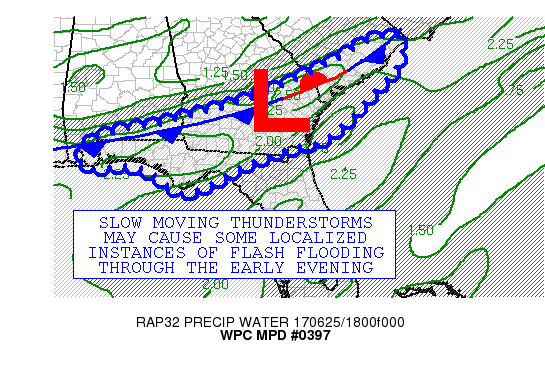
AREAS AFFECTED...FL PANHANDLE...SOUTHERN GA...SOUTHERN
AL...SOUTHEAST SC

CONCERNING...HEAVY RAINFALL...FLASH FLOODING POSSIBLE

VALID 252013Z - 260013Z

SUMMARY...SLOW MOVING CLUSTERS OF MULTI-CELL THUNDERSTORMS IN A
VERY MOIST TROPOSPHERE WILL BE CAPABLE OF PRODUCING RAINFALL RATES
IN EXCESS OF 2 INCHES PER HOUR.  THIS MAY LEAD TO INSTANCES OF
LOCALIZED FLOODING DESPITE RELATIVELY HIGH FLASH FLOOD GUIDANCE
VALUES.

DISCUSSION...CONVECTION WITH MULTIPLE OVERSHOOTING TOPS HAS BEEN
NOTED ON IR SATELLITE IMAGERY OVER THE PAST COUPLE OF HOURS.
DOPPLER RADAR IS INDICATING MULTIPLE CELL MERGERS AND VERY SLOW
OVERALL MOVEMENT.  THE LATEST SPC MESOANALYSIS IS INDICATING PWS
ON THE ORDER OF 2 TO 2.25 INCHES AHEAD OF A SLOW MOVING FRONTAL
BOUNDARY, ALONG WITH MLCAPES NEAR 2000 J/KG.  GIVEN THE STRONG
MOISTURE CONVERGENCE WITHIN SUCH A MOIST AND UNSTABLE ENVIRONMENT,
THUNDERSTORMS WITH VERY HEAVY RAINFALL RATES CAN BE EXPECTED
THROUGH 00Z THIS EVENING.

THE LATEST HRRR AND EXPERIMENTAL HRRR ARE INDICATING THE POTENTIAL
FOR 2 TO 4 INCHES OF RAINFALL OVER THE NEXT FEW HOURS ACROSS PARTS
OF THIS REGION.  GIVEN RECENT RADAR TRENDS, THIS IS CERTAINLY
POSSIBLE.  HRRR TIME LAG ENSEMBLES ARE ALSO SHOWING HIGH
PROBABILITIES OF 1 HOUR QPF EXCEEDING 1 INCH.  THIS ACTIVITY
SHOULD GRADUALLY WANE LATER THIS EVENING WITH THE LOSS OF DAYTIME
HEATING.